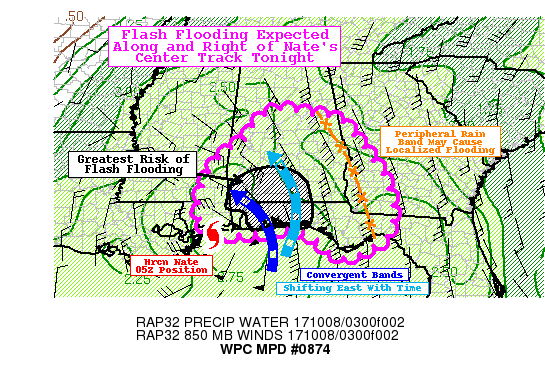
AREAS AFFECTED...FAR ERN MS...SRN AND CTRL AL...FL PANHANDLE...WRN
GA

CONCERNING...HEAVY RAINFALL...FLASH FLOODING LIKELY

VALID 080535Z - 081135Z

SUMMARY...FLASH FLOODING WILL CONTINUE TO DEVELOP ALONG AND TO THE
EAST OF HURRICANE NATE'S TRACK AS RAIN BANDS PRODUCING PROLIFIC
RAIN RATES WRAP AROUND THE EASTERN HALF OF THE CIRCULATION. RAIN
RATES AROUND 3 IN/HR WILL BE POSSIBLE IN THE HEAVIEST AND MORE
PERSISTENT RAIN BANDS.

DISCUSSION...HURRICANE NATE HAS HAD AN ADDITIONAL BURST OF
CONVECTION ON IR SATELLITE AS IT APPROACHED THE COAST OVER THE
PAST THREE HOURS. THE RAIN DISTRIBUTION IS ASYMMETRIC...WITH RADAR
AND SATELLITE SHOWING THE BULK OF THE PRECIPITATION IMMEDIATELY
NORTH AND LARGELY EAST OF THE CIRCULATION CENTER. THE MOST
PROLIFIC RAIN RATES OVER THE NEXT SIX HOURS (THROUGH 12Z) SHOULD
CONTINUE TO BE IN THE ARCING RAIN BANDS AROUND 50-125MI EAST AND
EAST-NORTHEAST OF THE CIRCULATION CENTER...SITUATED IN THE
STRONGER LOW-MID LEVEL FLOW AND MOISTURE FLUX TO THE EAST OF THE
CENTER. KMOB DUAL POL AND MRMS RAIN RATE ESTIMATES ARE AS HIGH AS
2 IN/HR...BUT THIS MAY BE UNDERESTIMATING IN THE TROPICAL
ENVIRONMENT DOMINATED BY HIGHLY EFFICIENT WARM RAIN PROCESSES
(PARTICULARLY IN THE BUBBLE OF EXTREMELY HIGH PWATS WITHIN 100MI
OR SO OF THE CENTER OF NATE). ADDITIONALLY...SURFACE OBSERVING
SITES MAY ALSO BE UNDERESTIMATING RAINFALL A BIT DUE TO STRONG
WINDS AND THE VERY HEAVY RAIN RATES. WITH THAT IN MIND...BELIEVE
THAT 3 IN/HR RAIN RATES WOULD CERTAINLY BE ACHIEVABLE IN THESE
RAIN BANDS.

THE RAIN BANDS IN THE EASTERN SEMI-CIRCLE SHOULD GRADUALLY SHIFT
EAST WITH TIME...FROM THE BALDWIN COUNTY AL AND PENSACOLA
AREAS...TO NEAR DESTIN FL AND ANDALUSIA AL BY DAYBREAK. AS LONG AS
CONVECTION IS TIED CLOSE TO NATE'S CIRCULATION CENTER AS
WELL...THERE SHOULD BE HEAVY RAIN RATES JUST NORTH AND NORTHEAST
OF THE CENTER THAT CONTINUE TO SPREAD INTO SOUTHERN ALABAMA.
ALTHOUGH NATE'S FORWARD MOTION IS RELATIVELY FAST...MODELS AND
RADAR TRENDS SUGGEST THAT 3-6 HOURS OF MODERATE TO HEAVY RAIN
WOULD BE POSSIBLE AT A GIVEN LOCATION IN SOUTHERN ALABAMA AND THE
WESTERN FLORIDA PANHANDLE AS THE CURVED RAIN BANDS SHIFT THROUGH.

FURTHER TO THE EAST AND NORTH...SOME OF THE PERIPHERAL RAIN BANDS
AWAY FROM NATE'S CENTER HAVE ALSO BEEN PRODUCING RAIN RATES IN
EXCESS OF 1 IN/HR AT TIMES (PER RADAR ESTIMATES). THESE RAIN BANDS
HAVE BEEN MORE DISORGANIZED WITH SPACING BETWEEN INDIVIDUAL CELLS
OR DISCRETE BANDS OF HEAVY RAIN...WHICH WOULD TEND TO LESSEN THE
FLASH FLOOD THREAT A BIT COMPARED TO POINTS FURTHER WEST. THE
ENVIRONMENT STILL FAVORS VERY HEAVY RAIN RATES...BUT THE FORCING
IS LESS FOCUSED AWAY FROM THE CENTER. HOWEVER...LOCALIZED FLASH
FLOODING WILL BE POSSIBLE IF A RAIN BAND CAN PERSIST AT A GIVEN
LOCATION FOR A COUPLE HOURS.